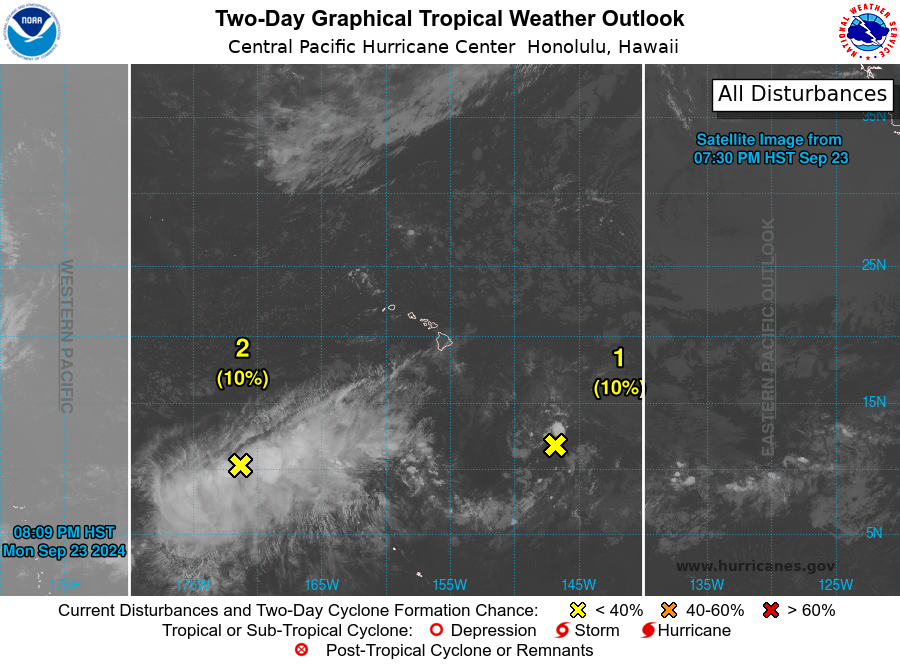
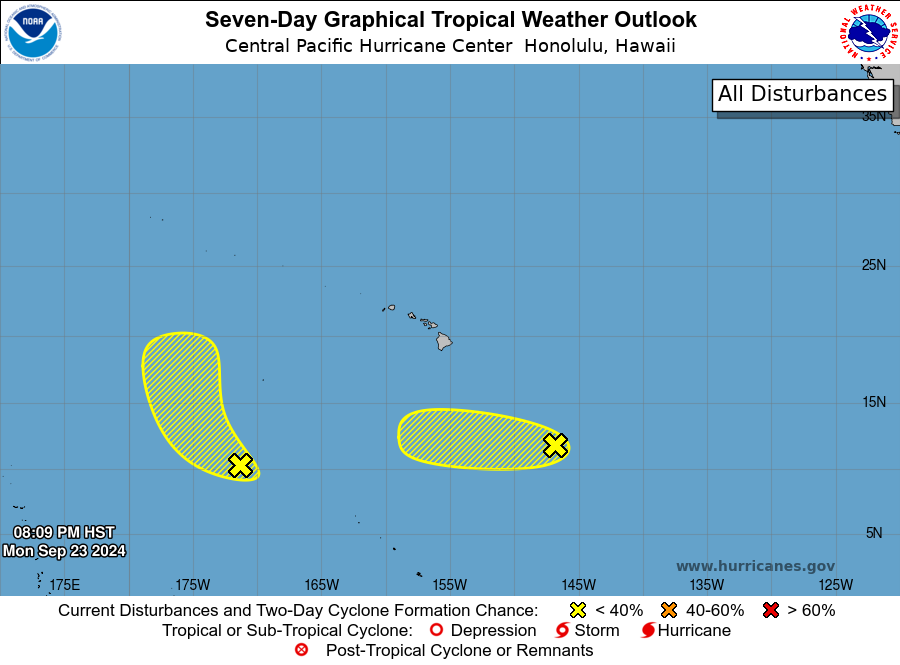
For the central North Pacific...between 140W and 180W:

1. Approximately 800 miles southeast of Hilo, Hawaii: Showers and thunderstorms have diminished with a trough of low pressure located far southeast of Hawaii. Environmental conditions will becoming increasing unfavorable for further development of this system as it moves west at 10 mph.
* Formation chance through 48 hours...low...10 percent.
* Formation chance through 7 days...low...10 percent.

2. Approximately 1100 miles southwest of Honolulu, Hawaii: Numerous showers and enhanced thunderstorms are in association with an area of broad low pressure located far southwest of the Hawaiian Islands. Environmental conditions may become marginally conducive for development as this low moves into a more favorable area of development to its northwest over the next couple of days.
* Formation chance through 48 hours...low...10 percent.
* Formation chance through 7 days...low...10 percent.

Forecaster Blood